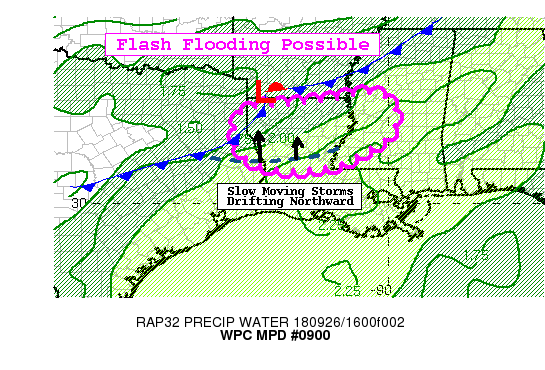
Areas affected...Central/Northern LA into Central MS

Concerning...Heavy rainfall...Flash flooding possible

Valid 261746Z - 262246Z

Summary...Line of slow moving convection across central LA into
central MS will drift northward in an anomalously high moisture
environment and possibly lead to flash flooding this afternoon.

Discussion...Latest visible satellite imagery showed a couple of
boundaries converging across portions of central LA into central
MS, one associated with a line of convection moving northward with
another tied to a cold front sagging southward.

Regional radars depicted a slow moving line of convection was
producing widespread 1 to 1.5 in/hr rates with localized 2-3 in/hr
rates across east-central LA into west-central MS. Recent totals
showed pockets of 1 to 3 inches.

Latest hi-res models have a poor handle on the evolution of this
convection across the area. It seems that the line will favor the
instability pool (MLCAPE of 2000 J/kg) and continue drifting
northward over the next several hours. This remains in an area of
high PWATs (1.8 to 2.1 inches) with very warm cloud depths
expected (4.0-4.5 km) so extremely efficient rain processes will
continue.

Rain rates of 1-2 in/hr will be possible through the afternoon
hours with additional rainfall of 2-4 inches possible from central
MS westward into central LA. The main limiting factor against more
widespread flash flooding is relatively high FFG across the area,
though there are pockets of wetter soils that will need to be
closely monitored.